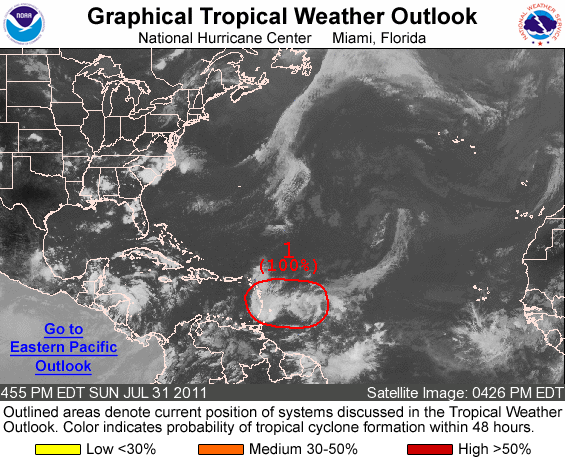
FOR THE NORTH ATLANTIC...CARIBBEAN SEA AND THE GULF OF MEXICO...

SPECIAL OUTLOOK ISSUED TO UPDATE DISCUSSION OF THE ELONGATED AREA OF LOW PRESSURE APPROACHING THE LESSER ANTILLES.

1. UPDATED...COMMUNICATIONS PROBLEMS HAVE LIMITED THE AMOUNT OF DATA RECEIVED FROM THE AIR FORCE RESERVE AIRCRAFT INVESTIGATING THE ELONGATED AREA OF LOW PRESSURE LOCATED ABOUT 500 MILES EAST OF THE NORTHERN WINDWARD ISLANDS. HOWEVER...REPORTS FROM THE AIRCRAFT ...ALONG WITH SATELLITE IMAGERY AND SURFACE OBSERVATIONS...INDICATE THAT THE SYSTEM DOES NOT YET HAVE A WELL-DEFINED SURFACE CIRCULATION. A SECOND AREA OF SHOWERS AND THUNDERSTORMS HAS FORMED TO THE WEST OF THE MAIN DISTURBANCE...AND WILL BRING LOCALLY HEAVY RAINFALL AND GUSTY WINDS TO PORTIONS OF THE LESSER ANTILLES TONIGHT. CONDITIONS ARE EXPECTED TO REMAIN FAVORABLE FOR A TROPICAL DEPRESSION OR TROPICAL STORM TO FORM...AND THIS SYSTEM HAS A HIGH CHANCE...NEAR 100 PERCENT...OF BECOMING A TROPICAL CYCLONE DURING THE NEXT 48 HOURS AS IT MOVES WEST-NORTHWESTWARD NEAR 15 MPH. IF THE SYSTEM BECOMES A TROPICAL CYCLONE TONIGHT OR MONDAY ...TROPICAL STORM WATCHES OR WARNINGS WOULD BE ISSUED FOR PORTIONS OF THE NORTHERN WINDWARD ISLANDS AND THE LEEWARD ISLANDS ON VERY SHORT NOTICE...AND INTERESTS IN THESE AREAS SHOULD CLOSELY MONITOR THE PROGRESS OF THIS SYSTEM. ANOTHER HURRICANE HUNTER AIRCRAFT IS SCHEDULED TO INVESTIGATE THIS SYSTEM MONDAY MORNING.

ELSEWHERE...TROPICAL CYCLONE FORMATION IS NOT EXPECTED DURING THE NEXT 48 HOURS.

FORECASTER BRENNAN/FRANKLIN